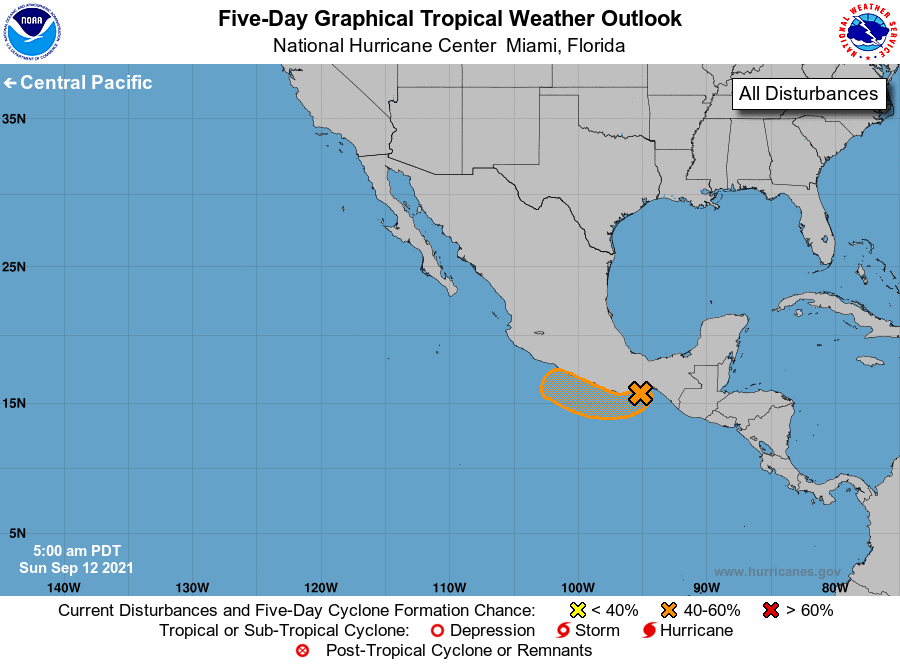
For the eastern North Pacific...east of 140 degrees west longitude:

1. An area of low pressure located near the southeastern coast of Mexico just east of Puerto Angel is producing limited shower and thunderstorm activity. Further development of this system is becoming less likely now that the low is interacting with land. However, a tropical depression could still form if the system moves westward away from the coast of Mexico during the next day or two. Regardless of development, this system will likely produce heavy rains across portions of southern Mexico through Tuesday.
* Formation chance through 48 hours...medium...40 percent.
* Formation chance through 5 days...medium...40 percent.

Forecaster Stewart